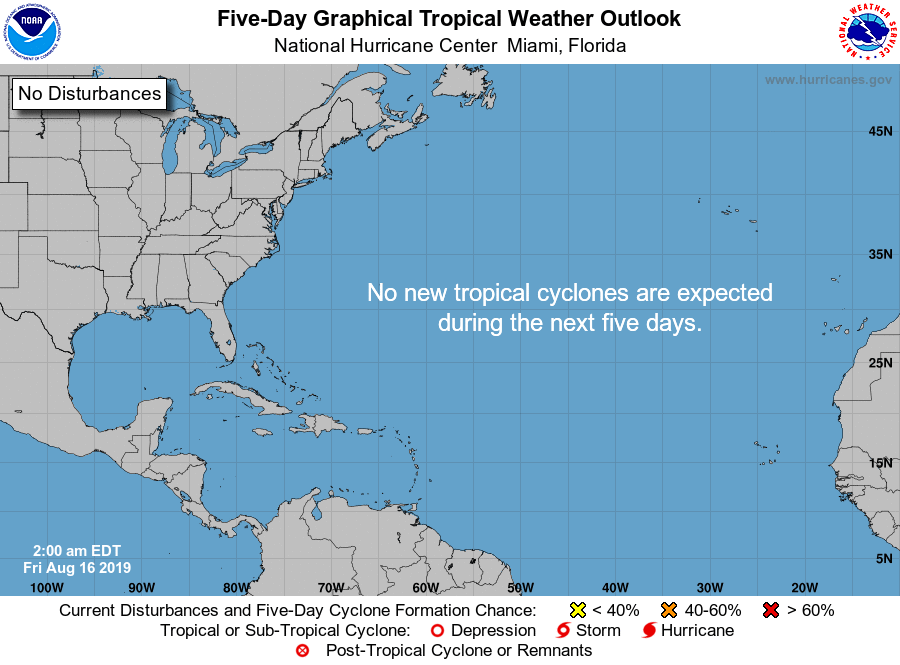
For the North Atlantic...Caribbean Sea and the Gulf of Mexico:

Tropical cyclone formation is not expected during the next 5 days.

Forecaster Zelinsky